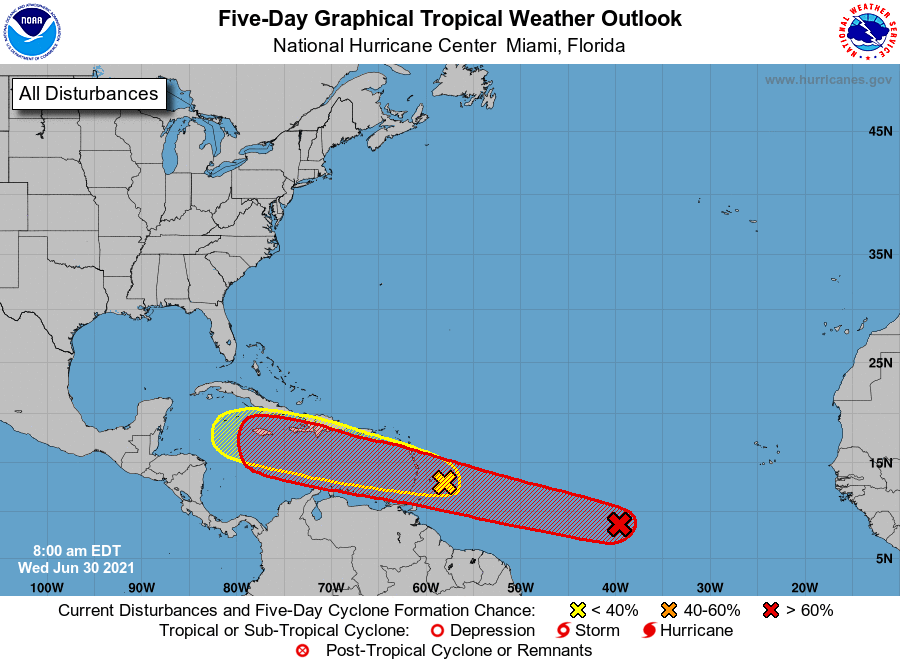
For the North Atlantic...Caribbean Sea and the Gulf of Mexico:

1. A broad area of low pressure, associated with a tropical wave, is located about midway between the west coast of Africa and the Windward Islands. This system is producing a large area of showers and thunderstorms that continues to show some signs of organization. Environmental conditions appear generally favorable for development, and a tropical depression is likely to form during the next few days while the system moves west-northwestward at about 20 mph. Interests in the Windward and Leeward Islands should closely monitor this system as it will likely be moving through that region on Friday.
* Formation chance through 48 hours...medium...60 percent.
* Formation chance through 5 days...high...80 percent.

2. Disorganized showers and thunderstorms continue in association with a tropical wave located just east of the Lesser Antilles. Significant development of this system is unlikely while it moves quickly westward to west-northwestward at 20 to 25 mph, passing through the Lesser Antilles today and then across the eastern and central Caribbean Sea later this week. Regardless of development, this system could bring locally heavy rainfall to portions of the Lesser Antilles during the next day or two.
* Formation chance through 48 hours...low...10 percent.
* Formation chance through 5 days...low...10 percent.

Forecaster Beven